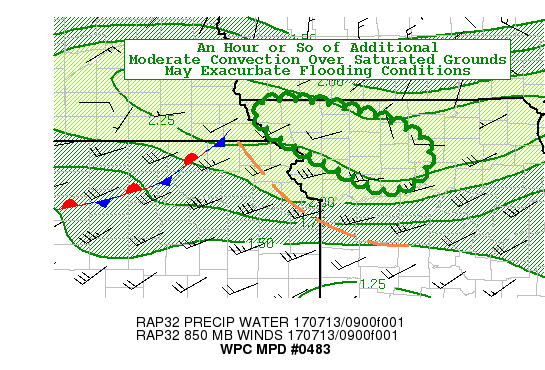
AREAS AFFECTED...NORTHWEST MO

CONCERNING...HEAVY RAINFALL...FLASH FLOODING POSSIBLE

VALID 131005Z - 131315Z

SUMMARY...A FEW ADDITIONAL HOURS OF ISENTROPIC ASCENT ACROSS AREAS
ALREADY AFFECTED BY FLOODING RAINS.

DISCUSSION...WHILE OVERALL IR TRENDS ARE WARMING...LOW LEVEL JET
CONTINUES TO INTERSECT AND UPGLIDE OVER NEARLY PERPENDICULAR
OUTFLOW BOUNDARY.  THIS ASCENT GIVEN WEAK REMAINING INSTABILITY
REMAINS SUFFICIENT FOR BROKEN LINES OF SCATTERED CONVECTION...WITH
A SLOW SOUTHEASTWARD TRANSLATION AS THE LOW LEVEL JET CONTINUES TO
SLOWLY VEER WITH TIME.  THIS BRINGS ADDITIONAL BANDS OF CONVECTION
ACROSS ALREADY SATURATED AREAS WHERE 2-5" HAS ALREADY FALLEN SUCH
AS GENTRY/DAVIESS COUNTIES.  OVERALL AN ADDITIONAL 1-2" IS
POSSIBLE; AND POSSIBLE TO KEEP FLASH FLOODING CONDITIONS GOING
OVER THE NEXT 2-3 HOURS.